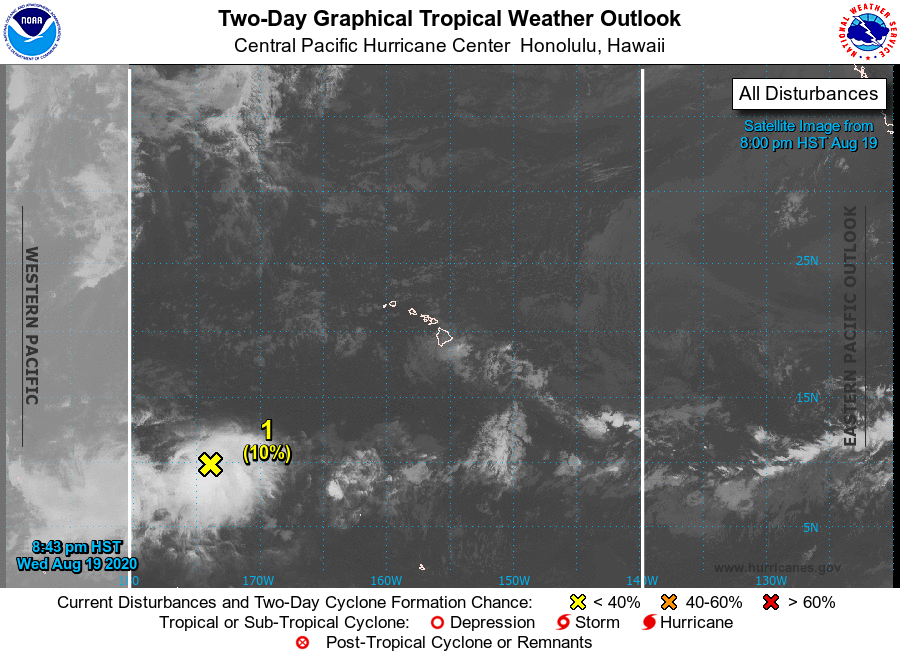
For the central North Pacific...between 140W and 180W:

1. Showers and thunderstorms have increased but remain disorganized with an area of low pressure located some 1300 miles southwest of Honolulu, Hawaii. Environmental conditions are not expected to be conducive for development as the system moves toward the west near 10 mph.
* Formation chance through 48 hours...low...10 percent.
* Formation chance through 5 days...low...10 percent.

Elsewhere, no tropical cyclones are expected during the next 5 days.

Forecaster Lau